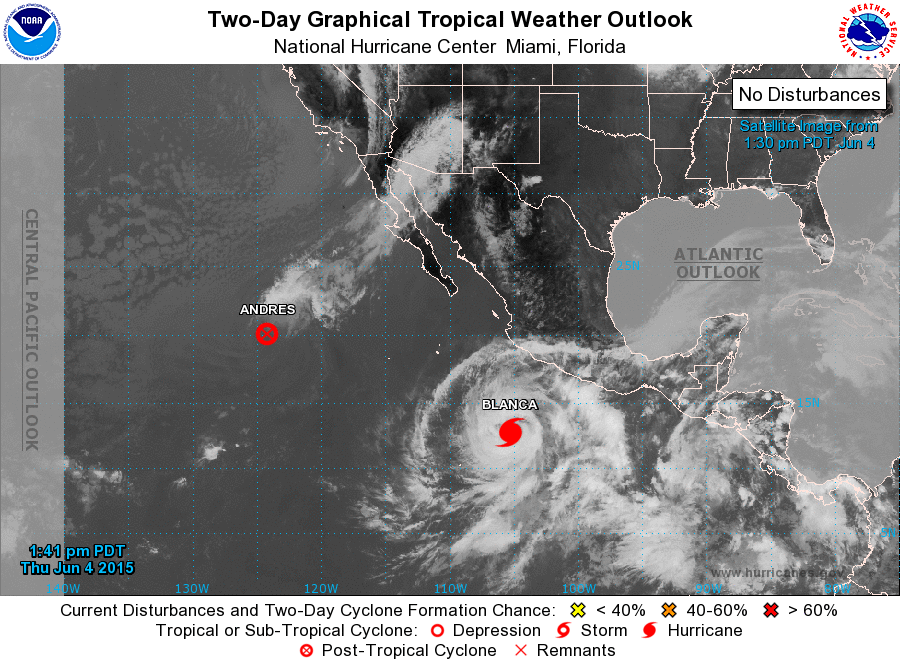
For the eastern North Pacific...east of 140 degrees west longitude:

The National Hurricane Center is issuing advisories on Tropical Storm Andres, located about 1000 miles west of the southern tip of the Baja California peninsula, and on Hurricane Blanca, located several hundred miles south of Manzanillo, Mexico.

1. A low pressure area is likely to form over the weekend or early next week a few hundred miles south of the coasts of El Salvador and Guatemala. Environmental conditions are generally conducive for gradual development of this system while it moves toward the northwest or north.
* Formation chance through 48 hours...low...near 0 percent
* Formation chance through 5 days...low...30 percent

Forecaster Kimberlain